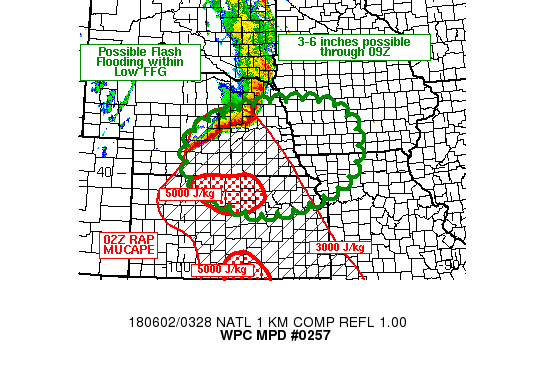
AREAS AFFECTED...SERN NE...NERN KS...SWRN IA...NWRN MO

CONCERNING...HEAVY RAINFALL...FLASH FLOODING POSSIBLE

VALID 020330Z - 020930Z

SUMMARY...INCREASING CONVECTION WITH RAINFALL RATES BETWEEN 2-3
IN/HR WILL BE POSSIBLE ACROSS PORTIONS OF SOUTH-CENTRAL TO EASTERN
NE...INTO PORTIONS OF WESTERN IA...NORTHWESTERN MO AND NORTHERN
KS. FLASH FLOODING WILL BE POSSIBLE THROUGH 09Z.

DISCUSSION...RADAR IMAGERY FROM 03Z SHOWED  A FORWARD PROPAGATING
CONVECTIVE LINE EXTENDING FROM NORTHEASTERN TO CENTRAL NE WITH
RADAR ESTIMATED RAINFALL RATES OVER 2 IN/HR EMBEDDED WITHIN THE
LINE. WHILE SOME OF THESE ESTIMATES COULD BE OVERDONE...2.33 IN/HR
WAS REPORTED IN CHAMBERS...SOUTHERN HOLT COUNTY...ENDING 0219Z
WHICH WAS NEAR RADAR ESTIMATES FOR THAT LOCATION AND TIME. THE
SOURCE REGION OF MOISTURE WAS TO THE SOUTH WITH 850 MB DEWPOINTS
FROM 00Z RAOBS OF 17C AND 18C AT DDC AND LMN RESPECTIVELY. 00Z
SOUNDINGS ACROSS THE CENTRAL PLAINS DEPICTED STEEP 700-500 MB
LAPSE RATES BETWEEN 8-9 C/KM...CONTRIBUTING TO MODERATE TO HIGH
CAPE VALUES (3000-5000+ J/KG) FROM KS INTO FAR SOUTHERN NE BUT A
CAPPING INVERSION NEAR 800 MB WAS OBSERVED AT OAX AND TOP.

WATER VAPOR IMAGERY SHOWED THE LEADING EDGE OF A LARGE UPPER LEVEL
TROUGH MOVING INTO THE CENTRAL PLAINS WHICH IS EXPECTED TO COOL
LOW LEVEL TEMPERATURES COINCIDENT WITH INCREASING 850 MB FLOW INTO
THE 50-60 KT RANGE ACROSS KS BY 06Z. A RATHER RAPID INCREASE IN
CONVECTION IS FORECAST IN THE NEXT 1-2 HOURS OVER SOUTH-CENTRAL
NEBRASKA BEFORE MOVING OFF TO THE SOUTH AND EAST. WHILE THERE IS
SOME DRY AIR TO CONTENT WITH...SOME MOISTENING OF THE COLUMN IS
EXPECTED AND FORECAST ALIGNMENT OR NEAR ALIGNMENT OF 850-300 MB
FLOW AND THE ANTICIPATED INFLOW LAYER NEAR 850 MB SHOULD ALLOW FOR
PERIODS OF TRAINING ALONG THE SOUTHERN EDGE OF THE DEVELOPING MCS.
THE RESULT IS EXPECTED TO BE RAINFALL RATES OF 2-3 IN/HR AT TIMES
ALONG WITH 6 HOUR RAINFALL TOTALS OF 3-6 INCHES WHICH COULD CAUSE
RAPID RUNOFF ON TOP OF 3 HOUR FFG VALUES OF 2-3 INCHES DESPITE
RELATIVELY DRY ANTECEDENT CONDITIONS.